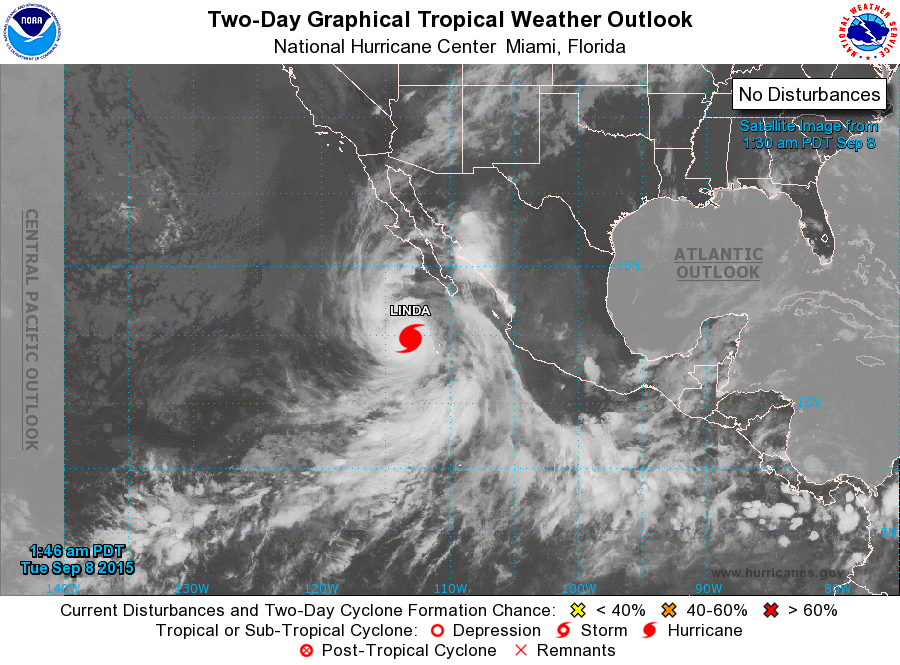
For the eastern North Pacific...east of 140 degrees west longitude:

The National Hurricane Center is issuing advisories on Hurricane Linda, located a few hundred miles southwest of the southern tip of the Baja California peninsula.

1. An area of low pressure is expected to develop several hundred miles south or south-southwest of the Gulf of Tehuantepec later this week. Environmental conditions are forecast to be conducive for gradual development of this system while it moves generally west- northwestward at about 10 mph.
* Formation chance through 48 hours...low...near 0 percent
* Formation chance through 5 days...medium...40 percent

Forecaster Brown